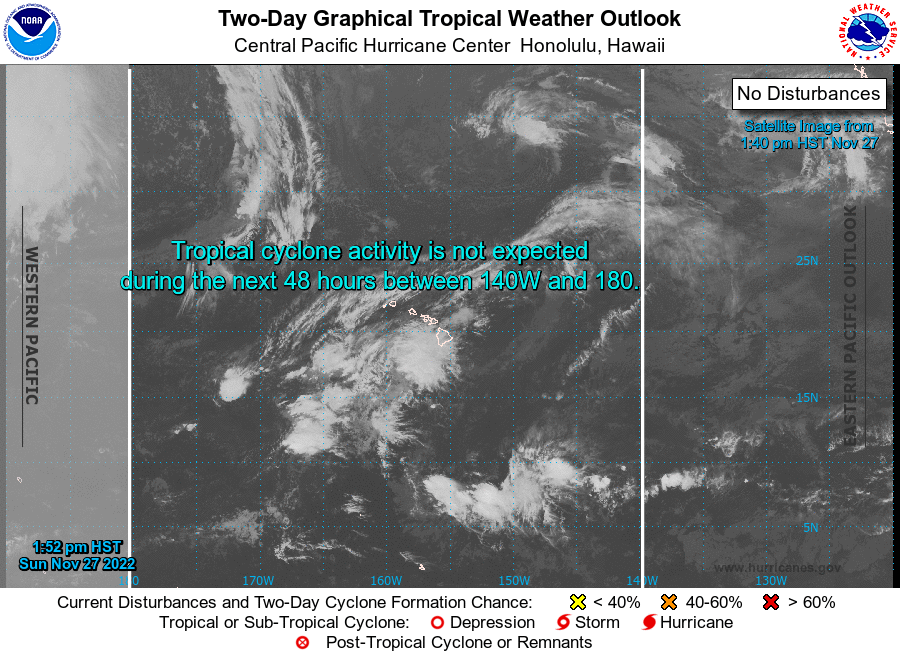
For the central North Pacific...between 140W and 180W:

No tropical cyclones are expected during the next 5 days.

The central North Pacific hurricane season officially ends on November 30. The final Tropical Weather Outlook of the season will be issued at 8 PM HST on November 30. Routine issuance of the Tropical Weather Outlook will resume on June 1, 2023. During the off-season, Tropical Weather Outlooks will be issued if conditions warrant.

Forecaster Foster